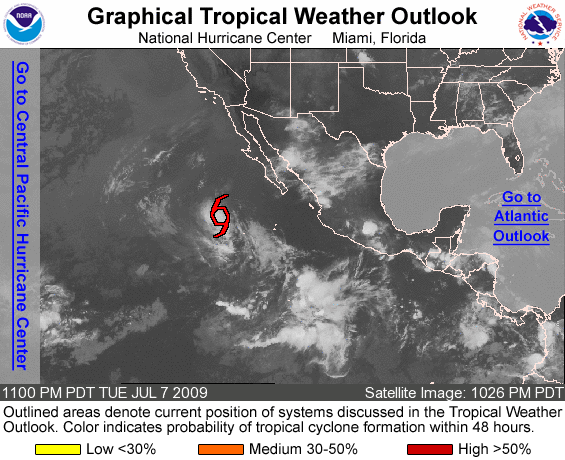
FOR THE EASTERN NORTH PACIFIC...EAST OF 140 DEGREES WEST LONGITUDE..

THE NATIONAL HURRICANE CENTER IS ISSUING ADVISORIES ON TROPICAL STORM BLANCA LOCATED ABOUT 540 MILES WEST-SOUTHWEST OF THE SOUTHERN TIP OF BAJA CALIFORNIA.

ELSEWHERE...TROPICAL CYCLONE FORMATION IS NOT EXPECTED DURING THE NEXT 48 HOURS.

FORECASTER BEVEN